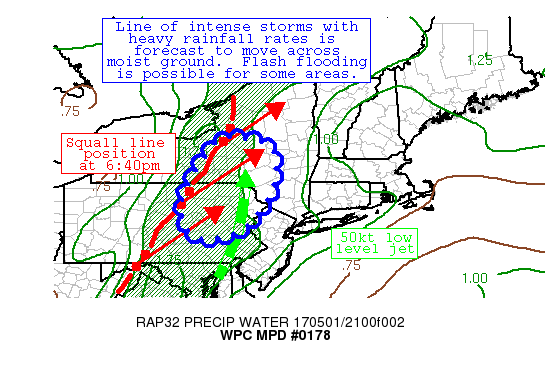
AREAS AFFECTED...SOUTH CENTRAL NY AND NORTHEAST PA

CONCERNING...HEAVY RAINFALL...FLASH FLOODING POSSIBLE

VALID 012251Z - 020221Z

SUMMARY...A LINE OF INTENSE THUNDERSTORMS WITH HEAVY RAINFALL
RATES OF 1 TO 2 INCHES PER HOUR, FOLLOWED BY LIGHTER STRATIFORM
RAIN, WILL MOVE TOWARDS THE NORTHEAST THROUGH 10 PM LOCAL TIME.

DISCUSSION...THUNDERSTORMS ASSOCIATED WITH THE FRONTAL BAND MOVING
THROUGH CENTRAL PA AND CENTRAL NY COULD PRODUCE LOCALIZED FLASH
FLOODING DURING THE NEXT SEVERAL HOURS.  THESE STORMS ARE IN A
VERY MOIST AIR MASS WITH PRECIPITABLE WATER VALUES MAINLY IN THE
1.50-1.75 INCH RANGE.  ADDITIONALLY, LOWER FLASH FLOOD GUIDANCE
VALUES EXIST OVER SOUTH CENTRAL NY AND NORTHEAST PA.  A LOW LEVEL
JET OF ROUGHLY 50 KNOTS BASED ON THE RAP GUIDANCE IS EXPECTED THIS
EVENING, SUPPLYING COPIOUS MOISTURE FOR THIS LINE OF CONVECTION.
THE ENVIRONMENT IS MODESTLY UNSTABLE WITH SPC MESOSCALE ANALYSES
INDICATING CAPE VALUES GENERALLY IN THE 500-1000 J/KG RANGE.

ALTHOUGH THE LINE OF CONVECTION IS RELATIVELY PROGRESSIVE, THE
RATES WILL BRIEFLY BE HIGH ENOUGH TO CAUSE SOME CONCERN FOR
PONDING OF WATER AND LOCALIZED FLASH FLOODING.  THE LATEST HI-RES
GUIDANCE SUGGEST RAINFALL OF 1 TO 2 INCHES THROUGH 10 PM, WITH
LOCALLY HIGHER AMOUNTS POSSIBLE.